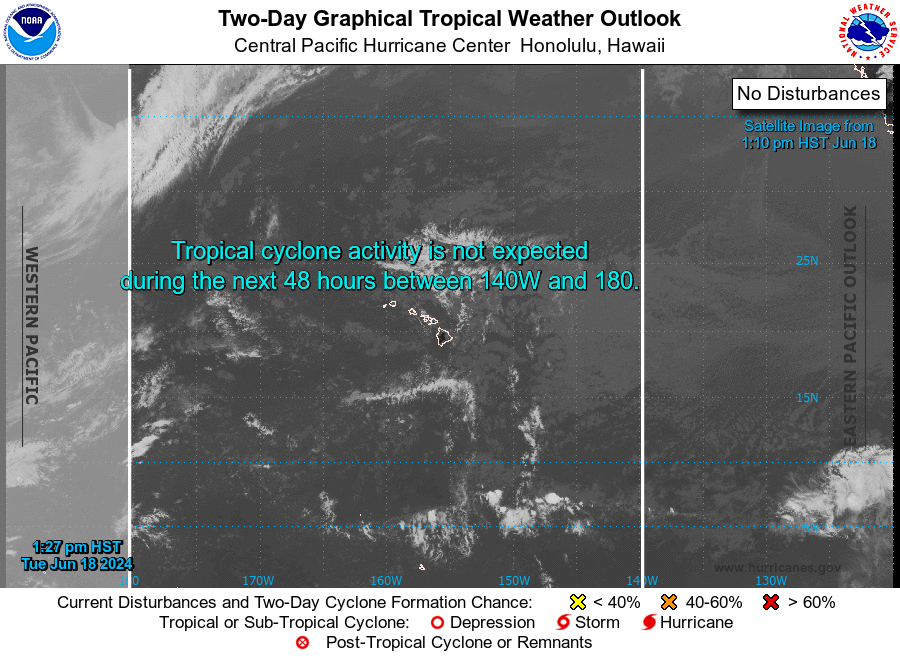
For the central North Pacific...between 140W and 180W:

No tropical cyclones are expected during the next 7 days.

Forecaster Wroe